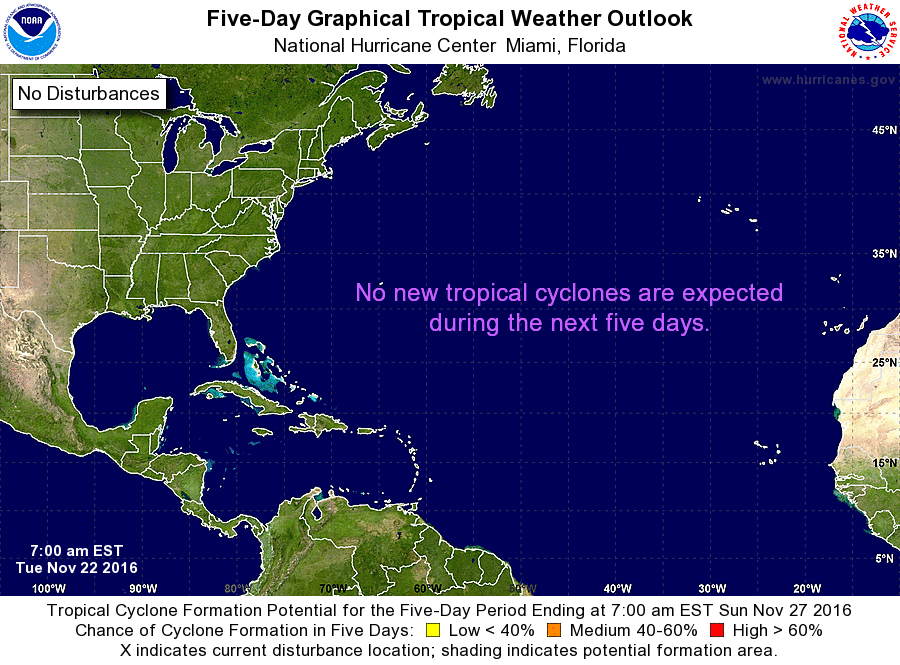
For the North Atlantic...Caribbean Sea and the Gulf of Mexico:

The National Hurricane Center is issuing advisories on Tropical Storm Otto, located over the southwestern Caribbean Sea.

Tropical cyclone formation is not expected during the next 5 days.

&&
Public Advisories on Otto are issued under WMO header WTNT31 KNHC and under AWIPS header MIATCPAT1. Forecast/Advisories on Otto are issued under WMO header WTNT21 KNHC and under AWIPS header MIATCMAT1.

Forecaster Blake